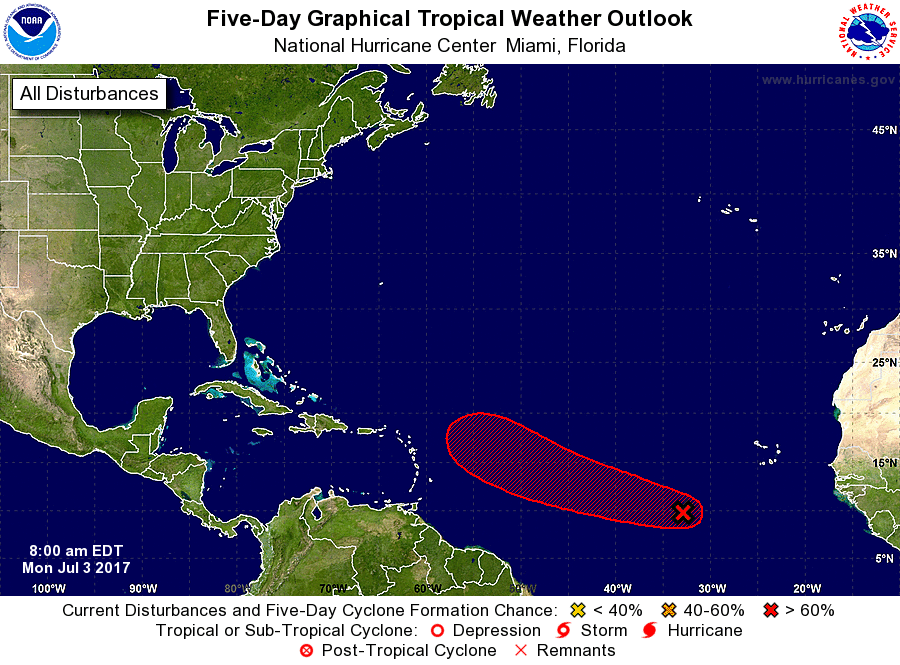
For the North Atlantic...Caribbean Sea and the Gulf of Mexico:

1. A nearly stationary broad area of low pressure located about 650 miles west-southwest of the Cabo Verde Islands continues to produce disorganized showers and thunderstorms. Environmental conditions are expected to become more conducive for development, and a tropical depression could form later this week. The disturbance is expected to begin moving west-northwestward in a day or so, and it should continue moving in that direction through the remainder of the week.
* Formation chance through 48 hours...low...20 percent.
* Formation chance through 5 days...high...70 percent.

Forecaster Cangialosi